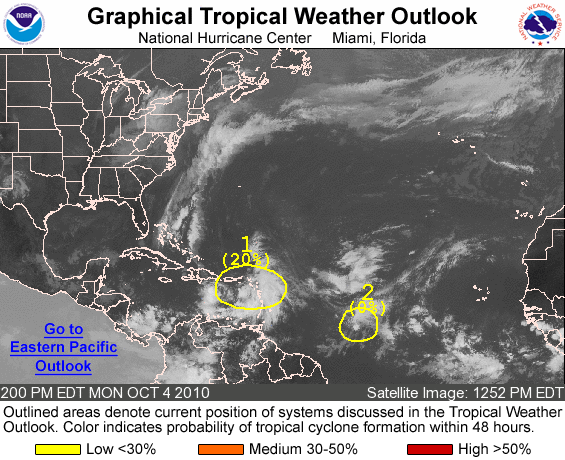
FOR THE NORTH ATLANTIC...CARIBBEAN SEA AND THE GULF OF MEXICO...

1. SHOWER AND THUNDERSTORM ACTIVITY REMAINS DISORGANIZED IN ASSOCIATION WITH AN ELONGATED AREA OF LOW PRESSURE LOCATED OVER THE NORTHEASTERN CARIBBEAN SEA AND THE LEEWARD ISLANDS. UPPER-LEVEL WINDS ARE EXPECTED TO BECOME A LITTLE MORE FAVORABLE FOR DEVELOPMENT AS THE DISTURBANCE MOVES WEST-NORTHWESTWARD AT AROUND 10 MPH. THERE IS A LOW CHANCE...20 PERCENT...OF THIS SYSTEM BECOMING A TROPICAL CYCLONE DURING THE NEXT 48 HOURS. REGARDLESS OF DEVELOPMENT...LOCALLY HEAVY RAINS ARE POSSIBLE DURING THE NEXT DAY OR TWO OVER THE LEEWARD ISLANDS...THE VIRGIN ISLANDS...PUERTO RICO ...AND HISPANIOLA.

2. SHOWER AND THUNDERSTORM ACTIVITY HAS DIMINISHED IN ASSOCIATION WITH A SMALL AREA OF LOW PRESSURE LOCATED ABOUT 900 MILES EAST OF THE SOUTHERN WINDWARD ISLANDS. UPPER-LEVEL WINDS ARE NOT CONDUCIVE FOR DEVELOPMENT AND THERE IS A LOW CHANCE...NEAR 0 PERCENT...OF THIS SYSTEM BECOMING A TROPICAL CYCLONE DURING THE NEXT 48 HOURS IT MOVES NORTH-NORTHWESTWARD AT AROUND 10 MPH.

ELSEWHERE...TROPICAL CYCLONE FORMATION IS NOT EXPECTED DURING THE NEXT 48 HOURS.

FORECASTER BRENNAN/ROBERTS